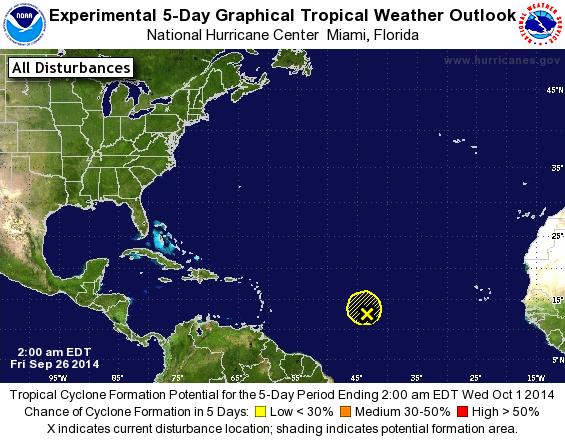
For the North Atlantic...Caribbean Sea and the Gulf of Mexico:

1. An elongated low pressure area located about 1100 miles east of the Windward Islands continues to produce disorganized showers and thunderstorms. Environmental conditions are not conducive for development, and tropical cyclone formation is unlikely while the low drifts northward during the next couple of days.
* Formation chance through 48 hours...low...10 percent.
* Formation chance through 5 days...low...10 percent.

Forecaster Berg